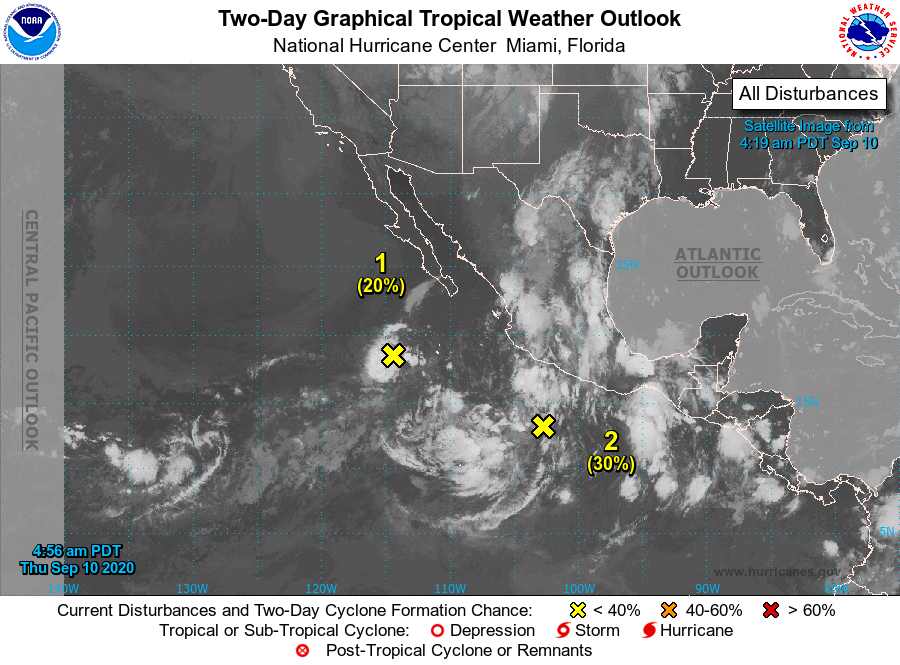
For the eastern North Pacific...east of 140 degrees west longitude:

1. Shower and thunderstorm activity has increased a little in association with an area of low pressure located about 400 miles southwest of the southern tip of the Baja California peninsula. Environmental conditions are expected to be only marginally conducive for additional development of this system during the next several days while it moves slowly westward.
* Formation chance through 48 hours...low...20 percent.
* Formation chance through 5 days...low...30 percent.

2. A broad area of low pressure located about 350 miles south-southwest of the coast of southwest Mexico is producing a large area of showers and thunderstorms. Gradual development of this system is possible, and a tropical depression could form over the weekend or early next week while the system moves west-northwestward away from the coast of Mexico.
* Formation chance through 48 hours...low...30 percent.
* Formation chance through 5 days...medium...50 percent.

Forecaster Berg